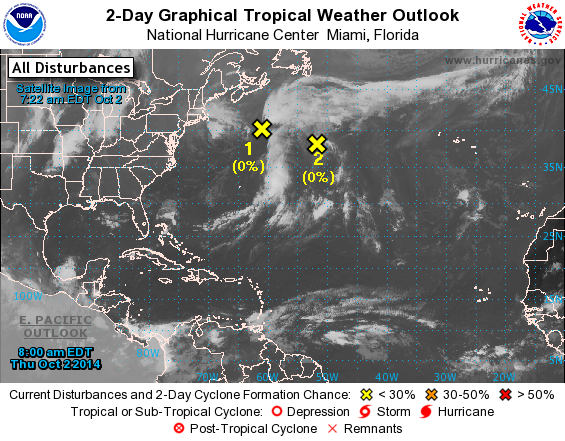
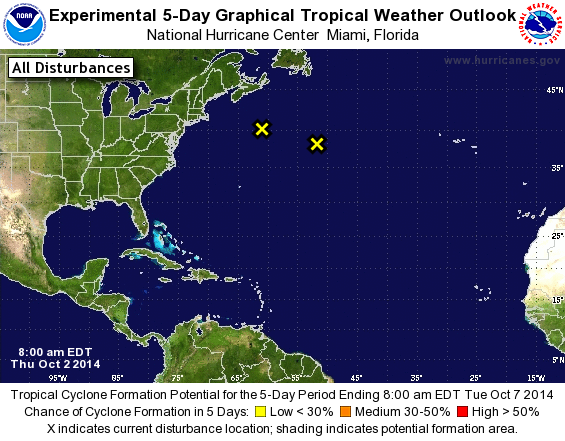
For the North Atlantic...Caribbean Sea and the Gulf of Mexico:

1. A non-tropical low pressure system located about 330 miles south-southeast of Halifax, Nova Scotia, is producing gale force winds and disorganized showers and thunderstorms. This low is merging with a frontal system and is not expected to acquire tropical cyclone characteristics. Little motion of this system is expected during the next few days as it interacts with and becomes absorbed by an upper-level low approaching from the northeast coast of the United States. For additional information on this system, please see High Seas Forecasts issued by the National Weather Service.
* Formation chance through 48 hours...low...near 0 percent.
* Formation chance through 5 days...low...near 0 percent.

2. A small area of low pressure located about 840 miles northeast of Bermuda is moving rapidly toward the north-northeast and is producing disorganized showers.

Tropical cyclone formation is not anticipated due to strong upper-level winds and decreasing sea surface temperatures.
* Formation chance through 48 hours...low...near 0 percent.
* Formation chance through 5 days...low...near 0 percent.

High Seas Forecasts issued by the National Weather Service can be found under AWIPS header NFDHSFAT1 and WMO header FZNT01 KWBC.

Forecaster Roberts